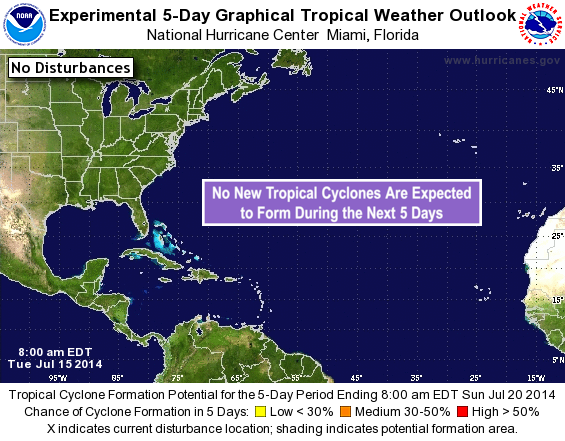
For the North Atlantic...Caribbean Sea and the Gulf of Mexico:

Tropical cyclone formation is not expected during the next 5 days.

Forecaster Avila